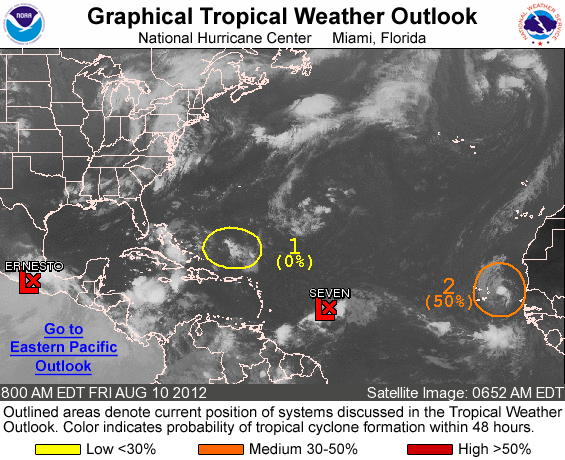
FOR THE NORTH ATLANTIC...CARIBBEAN SEA AND THE GULF OF MEXICO...

THE NATIONAL HURRICANE CENTER IS ISSUING ADVISORIES ON TROPICAL DEPRESSION ERNESTO...LOCATED INLAND OVER SOUTHERN MEXICO...AND ON TROPICAL DEPRESSION SEVEN...LOCATED ABOUT 930 MILES EAST OF THE WINDWARD ISLANDS.

1. A SURFACE TROUGH ASSOCIATED WITH THE REMNANTS OF FLORENCE IS PRODUCING MINIMAL SHOWER AND THUNDERSTORM ACTIVITY SEVERAL HUNDRED MILES NORTH OF PUERTO RICO. REDEVELOPMENT IS NOT EXPECTED...AND THIS SYSTEM HAS A LOW CHANCE...NEAR 0 PERCENT...OF BECOMING A TROPICAL CYCLONE AGAIN DURING THE NEXT 48 HOURS AS IT MOVES NORTHWESTWARD AT 10 TO 15 MPH.

2. A LOW PRESSURE SYSTEM...ACCOMPANIED BY A TROPICAL WAVE...IS LOCATED OVER THE FAR EASTERN ATLANTIC BETWEEN THE CAPE VERDE ISLANDS AND AFRICA. THE LOW IS PRODUCING A SMALL AREA OF SHOWERS AND THUNDERSTORMS...AND ENVIRONMENTAL CONDITIONS APPEAR SOMEWHAT CONDUCIVE FOR THE FORMATION OF A TROPICAL DEPRESSION OVER THE NEXT COUPLE OF DAYS. THIS SYSTEM HAS A MEDIUM CHANCE...50 PERCENT...OF BECOMING A TROPICAL CYCLONE DURING THE NEXT 48 HOURS AS IT MOVES WEST-NORTHWESTWARD AT ABOUT 20 MPH. STRONG GUSTY WINDS AND LOCALLY HEAVY RAINS ARE POSSIBLE IN PORTIONS OF THE CAPE VERDE ISLANDS DURING THE NEXT DAY OR SO.

ELSEWHERE...TROPICAL CYCLONE FORMATION IS NOT EXPECTED DURING THE NEXT 48 HOURS.

&&
PUBLIC ADVISORIES ON TROPICAL DEPRESSION SEVEN ARE ISSUED UNDER WMO HEADER WTNT32 KNHC AND UNDER AWIPS HEADER MIATCPAT2. FORECAST/ADVISORIES ON TROPICAL DEPRESSION SEVEN ARE ISSUED UNDER WMO HEADER WTNT22 KNHC AND UNDER AWIPS HEADER MIATCMAT2.

FORECASTER BERG